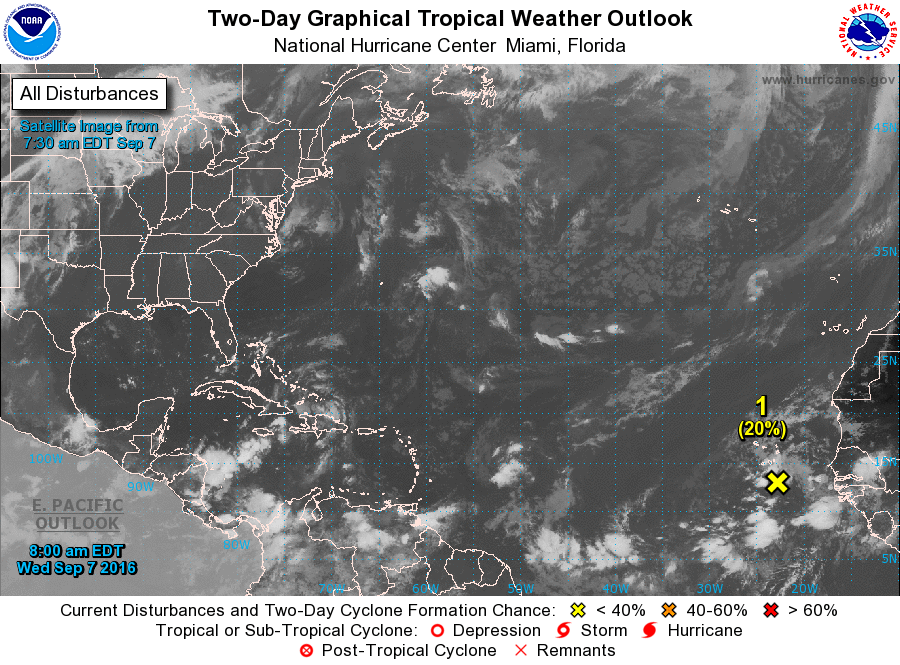
For the North Atlantic...Caribbean Sea and the Gulf of Mexico:

1. A tropical wave is passing near the Cabo Verde Islands accompanied by disorganized showers and thunderstorms. No significant development is expected during the next couple of days, but conditions are forecast to become a little more favorable for gradual development of this system, and a tropical depression could form by the weekend while it moves west-northwestward toward the central tropical Atlantic.
* Formation chance through 48 hours...low...20 percent
* Formation chance through 5 days...high...70 percent

Forecaster Avila